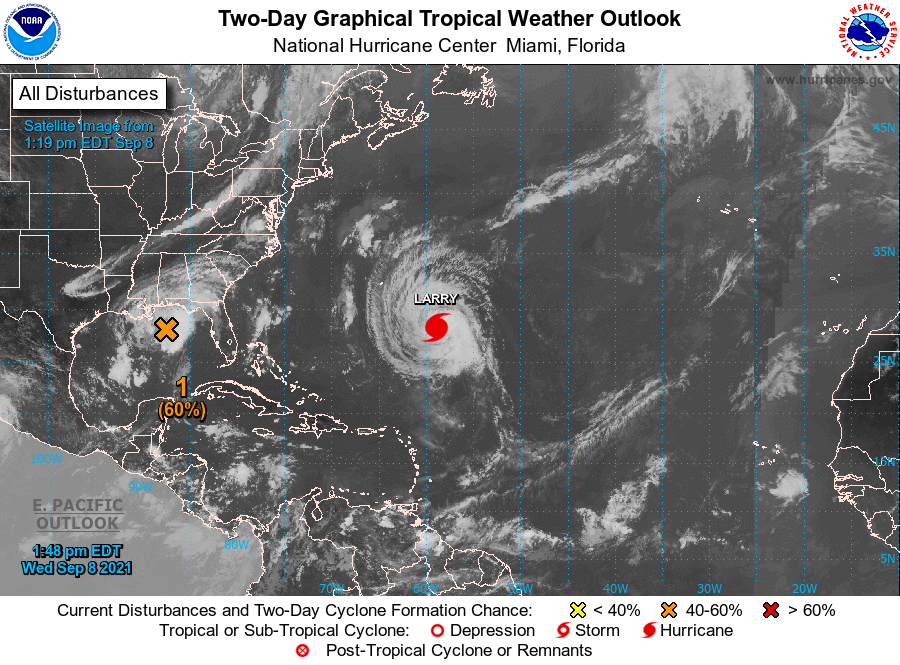
For the North Atlantic...Caribbean Sea and the Gulf of Mexico:

The National Hurricane Center is issuing advisories on Hurricane Larry, located over the central Atlantic several hundred miles east-southeast of Bermuda.

1. Showers and thunderstorms have become a little better organized today in association with a surface trough and an upper-level disturbance over the northeastern Gulf of Mexico. In addition, recent satellite-derived wind data indicate that a broad area of low pressure may be forming. The system is expected to move northeastward through this evening, and a tropical depression could form before it reaches the northeastern Gulf coast tonight or early Thursday. The disturbance is then expected to cross the southeastern United States and emerge over the western Atlantic late this week, where environmental conditions appear unfavorable for additional development. Regardless of development, areas of heavy rainfall are likely across portions of the Florida panhandle and southern Georgia through Thursday, with localized flooding possible.
* Formation chance through 48 hours...medium...60 percent.
* Formation chance through 5 days...medium...60 percent.

2. A tropical wave is expected to emerge off of the western coast of Africa in a few days. Some development of this system is possible thereafter as it moves west-northwestward over the far eastern Atlantic.
* Formation chance through 48 hours...low...near 0 percent.
* Formation chance through 5 days...low...20 percent.

Forecaster Latto